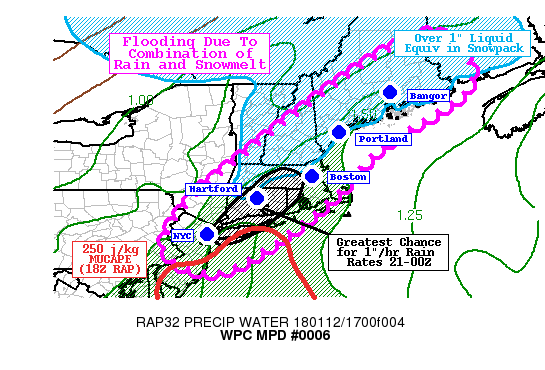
AREAS AFFECTED...MUCH OF THE NORTHEAST CORRIDOR

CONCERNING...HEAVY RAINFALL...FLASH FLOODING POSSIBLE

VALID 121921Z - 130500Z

SUMMARY...MODERATE TO OCCASIONALLY HEAVY RAINFALL WILL CONTINUE TO
PUSH THROUGH THE NORTHEAST CORRIDOR...WITH AN INCREASE IN RAINFALL
RATES EXPECTED FROM NYC METRO INTO SRN NEW ENGLAND AROUND 4-7 PM
EST. THE COMBINATION OF SNOW MELT AND RAINFALL SHOULD PRODUCE
FLOODING ACROSS THE AREA.

DISCUSSION...A BAND OF RAIN CONTINUES TO AFFECT THE
NORTHEAST...AND STRETCHES FROM DOWNEAST MAINE...ARCING TO THE
SOUTHWEST THROUGH THE SOUTHERN WHITE MTNS...BERKSHIRES...AND TO
THE PHILADELPHIA METRO AREA AS OF 19Z. MODELS PREDICT THAT THIS
SHOULD LARGELY CONTINUE INTO THE EVENING HOURS WITH A SLIGHT DRIFT
TO THE EAST AND NORTHEAST...ASSOCIATED WITH A SHIFT IN THE AXIS OF
STRONGEST LOW-LEVEL MOISTURE TRANSPORT WHICH WILL MOVE CLOSER TO
THE COAST AND LIFT UP THE COAST WITH TIME. AS STRONGER PVA
ASSOCIATED WITH THE PRIMARY SHORTWAVE SPREADS NORTHEAST
OVERNIGHT...THE RAIN MAY BEGIN TO FILL IN ONCE AGAIN AFTER 00Z.

OVER THE NEXT SEVERAL HOURS AND PARTICULARLY FROM 21-00Z...MORE
FOCUSED BANDS OF RAIN MAY DEVELOP FROM THE NYC METRO AREA INTO
SOUTHERN NEW ENGLAND...AS WELL AS COASTAL MAINE. THESE WOULD BE
ASSOCIATED WITH A PROJECTED INCREASE IN BOUNDARY LAYER MOISTURE
CONVERGENCE...WHICH SHOULD ALLOW FOR MORE ORGANIZED BANDING AND
THE POSSIBILITY OF NARROW FOCUSED BANDS OF HEAVIER RAINFALL. THIS
IS ESPECIALLY TRUE FROM NYC INTO CT/RI...AND PORTIONS OF MA WHERE
MARGINAL INSTABILITY IS ALSO EXPECTED. 18Z RAP ANALYSIS SHOWED
SEVERAL HUNDRED J/KG OF MUCAPE NOSING INTO THIS REGION IN THE
CHANNEL OF DEEPER MOISTURE. THE MOST RECENT HRRR RUNS SHOW HOURLY
RAIN RATES PEAKING CLOSE TO 1 IN/HR IN NARROW BANDS BETWEEN 21-00Z
IN THIS HIGHLIGHTED AREA AND THE 12Z HREF HAS THE HIGHEST
PROBABILITIES OF 1 INCH OF RAIN CENTERED ON CENTRAL CT IN THE SAME
TIME FRAME. THIS SIGNAL ON HI-RES MODEL GUIDANCE ALSO FAVORABLY
ALIGNS WITH EXTRAPOLATED TIMING (PER GOES-16 AND REGIONAL RADARS)
OF CONVECTION OFFSHORE OF SRN COASTAL NEW JERSEY.

THE ANOMALOUS MOISTURE LEVELS WILL CONTINUE TO SUPPORT
OCCASIONALLY HEAVY RAIN INTO THE EVENING HOURS...WITH PRECIPITABLE
WATER VALUES NEAR OR IN EXCESS OF JANUARY MONTHLY RECORD LEVELS.
FOR PORTLAND/GREY MAINE...THE HIGHEST PWAT ON RECORD IS 1.31
INCHES (SIMILAR FOR THE WINTER SEASON OVERALL)...BUT THE RAP IS
FORECASTING VALUES TO REACH AROUND 1.6 INCHES. THIS IS INDICATIVE
OF JUST HOW ANOMALOUS THE DEEP MOISTURE PLUME IS. WHEN PAIRED WITH
FROZEN GROUND ACROSS MUCH OF THE REGION...AND AN ABUNDANCE OF SNOW
EAST OF THE HUDSON RIVER...THE INGREDIENTS ARE CERTAINLY IN PLACE
FOR FLOODING. THE FROZEN GROUND SUGGESTS THAT MORE RUNOFF IS
LIKELY FOR A GIVEN RAIN RATE THAN WOULD NORMALLY BE
ANTICIPATED...AND THE ENHANCED RUNOFF WOULD BE LIKELY TO OCCUR IN
CONCERT WITH MELTING SNOW. THEREFORE...EVEN RAIN RATES THAT SEEM
RELATIVELY MODEST COULD PRODUCE FLOODING ISSUES. MORE RAPID ONSET
FLASH FLOODING WILL BE POSSIBLE IN MORE FOCUSED BANDS OF HEAVY
RAINFALL...PARTICULARLY WHERE THEY ALIGN WITH FROZEN GROUND OR
URBAN AREAS.